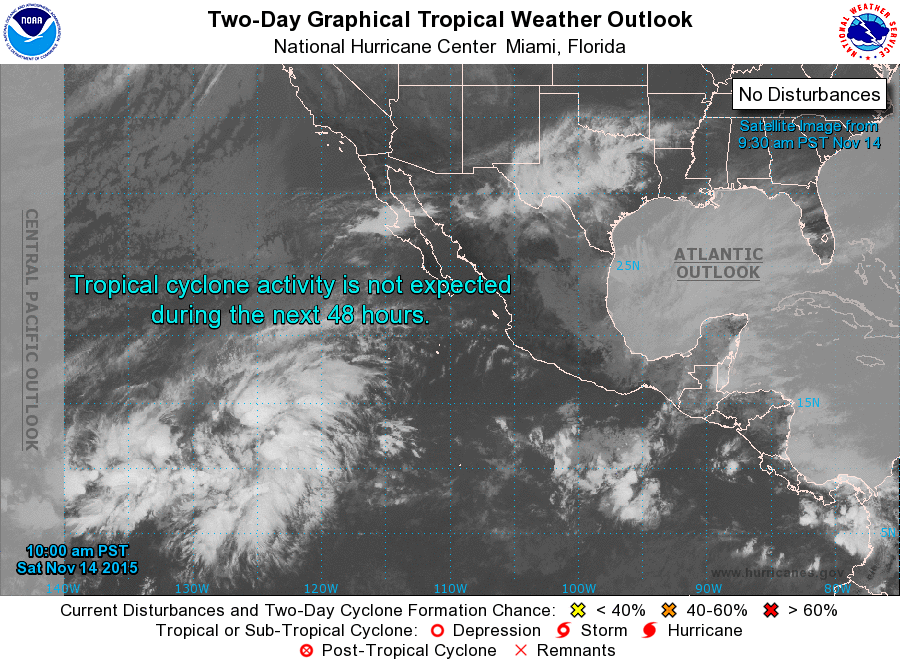
For the eastern North Pacific...east of 140 degrees west longitude:

1. A large area of disturbed weather has developed several hundred miles southwest of the southern tip of the Baja California peninsula. Slow development of this system will be possible during the next several days while the system moves slowly westward to west-northwestward.
* Formation chance through 48 hours...low...near 0 percent
* Formation chance through 5 days...low...20 percent

Forecaster Stewart